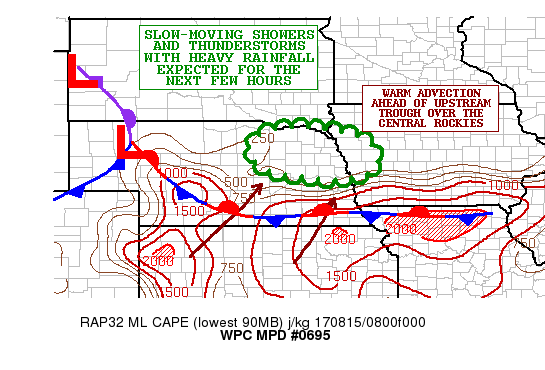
AREAS AFFECTED...NORTHEAST NE...WEST-CENTRAL IA

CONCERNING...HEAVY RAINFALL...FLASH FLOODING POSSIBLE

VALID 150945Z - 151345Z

SUMMARY...SLOW-MOVING AND HEAVY SHOWERS AND THUNDERSTORMS WILL
CAUSE SOME POSSIBLE RUNOFF PROBLEMS AND/OR FLASH FLOODING.

DISCUSSION...RADAR IMAGERY IS SHOWING A CLUSTER OF SLOW-MOVING AND
HEAVY SHOWERS AND THUNDERSTORMS OVER AREAS OF NORTHEAST NE IN
ASSOCIATION WITH AN INCREASING WARM ADVECTION PATTERN FOCUSING
OVER THE CENTRAL PLAINS AHEAD OF AN UPSTREAM TROUGH APPROACHING
THE CENTRAL ROCKIES. CONVECTION HAS BEEN ORGANIZING IN AN ELEVATED
FASHION OVER THE REGION...WHICH SOME VERY COLD CONVECTIVE TOPS
SEEN IN GOES IR IMAGERY OVER THE LAST HOUR.

PWATS ACROSS THE REGION ARE AS HIGH AS 1.6 TO 1.7 INCHES WHICH
WITH THE VERY STRONG UPDRAFTS/COLD TOPS HAS BEEN FACILITATING
RAINFALL RATES AS HIGH AS 2.5 INCHES/HR. THE CONVECTION SHOULD
CONTINUE TO GENERALLY ADVANCE OFF TO THE EAST-SOUTHEAST OVER THE
NEXT FEW HOURS AND WILL APPROACH AREAS OF WEST-CENTRAL IA.

EXPECT RAINFALL AMOUNTS OF AS MUCH AS 3 TO 5 INCHES WITH ISOLATED
HEAVIER TOTALS. THE CONCERN IS GENERALLY WITH THE SLOW CELL MOTION
AND HEAVY RAINFALL RATES. SOME RUNOFF AND/OR FLASH FLOODING
CONCERNS ARE POSSIBLE...WITH THE BIGGEST THREAT MAINLY OVER ANY
LOCAL URBAN CENTERS.